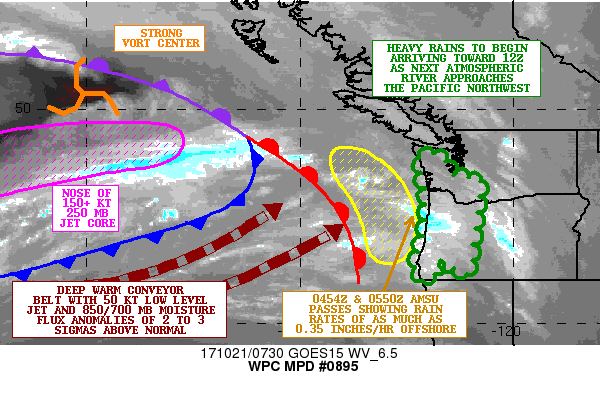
AREAS AFFECTED...WESTERN WA...WESTERN OR

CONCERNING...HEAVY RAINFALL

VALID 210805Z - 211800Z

SUMMARY...HEAVY RAINS WILL BEGIN TO OVERSPREAD WESTERN WA/OR THIS
MORNING AS THE NEXT ATMOSPHERIC RIVER ARRIVES ACROSS THE PACIFIC
NORTHWEST.

DISCUSSION...THE LATEST GOES-15 WV IMAGERY SHOWS A STRENGTHENING
MID TO UPPER LEVEL TROUGH MOVING EAST TOWARD THE GULF OF AK WHICH
IS DRIVING A STRONG FRONTAL ZONE GRADUALLY TOWARD THE PACIFIC
NORTHWEST ALONG WITH A DEEP LONG-FETCH AXIS OF HIGHER PWATS AND
ENHANCED MOISTURE TRANSPORT. THERE IS ALREADY A WARM FRONT
APPROACHING THE COASTAL RANGES OF WESTERN WA/OR...AND A PAIR OF
AMSU PASSES AT 0454Z AND 0550Z RESPECTIVELY ARE INDICATING AN
UPTICK IN OFFSHORE RAINFALL RATES WHICH ARE SEEN AS HIGH AS 0.35
INCHES/HR. SOME COOLING CLOUD TOPS ASSOCIATED WITH A STRENGTHENING
OF THE WARM AIR ADVECTION PATTERN ARE SEEN JUST OFFSHORE WESTERN
OR IN PARTICULAR AND COINCIDES WITH THE HEAVIEST RATES.

OVER THE NEXT SEVERAL HOURS...THE WARM FRONT WILL BE APPROACHING
AND SOME MODERATE TO HEAVY RAINS OUT AHEAD OF IT WILL OVERSPREAD
ESPECIALLY NORTHWEST OR AND SOUTHWEST WA BASED ON THE LATEST AMSU
TRENDS. UPSTREAM THERE IS THE NOSE OF A 50 KT SOUTHWESTERLY LOW
LEVEL JET WHICH WILL BE ARRIVING ACROSS THE COASTAL RANGES BY
AROUND 12Z ALONG WITH ARRIVAL AND GRADUAL PASSAGE OF THE WARM
FRONT. SOUTHERLY FLOW AHEAD OF THE WARM FRONT WILL VEER AROUND TO
WEST-SOUTHWEST AND ALLOW UPSTREAM 850/700 MB MOISTURE FLUX
ANOMALIES OF 2 TO 3 SIGMAS ABOVE NORMAL TO BECOME AIMED ORTHOGONAL
TO THE COASTAL RANGES FROM WEST-CENTRAL AND NORTHWEST OR UP INTO
SOUTHWEST WA. THE LATEST GUIDANCE SUPPORTS SOME STRENGTHENING OF
THE WIND FIELD AND A FURTHER INCREASE OF THESE ANOMALIES TO AS
MUCH AS 3 TO 4 SIGMAS ABOVE NORMAL BY 18Z.

EXPECT ROBUST ATMOSPHERIC RIVER CONDITIONS AS A RESULT TO ENSUE BY
MID TO LATE MORNING WITH HEAVY RAIN AIDED BY PWATS OF OVER 1.25
INCHES INTO THE COASTLINE AND HIGHLY FAVORABLE OROGRAPHIC ASCENT
FOR ENHANCED RAINFALL RATES THAT ARE EXPECTED TO APPROACH AS MUCH
AS 0.50 TO 0.70 INCHES/HR.

THE HIRES MODEL CONSENSUS INCLUDING THE 00Z ARW/NMMB AND 06Z HRRR
SUPPORT RAINFALL AMOUNTS OF AS MUCH AS 2 TO 4 INCHES THROUGH
18Z...WITH THE HEAVIEST TOTALS ACROSS THE COASTAL RANGES OF
WESTERN OR JUST TO THE WEST OF THE WILLAMETTE VALLEY AND ALSO TO A
SLIGHTLY LESSER EXTENT OVER THE WEST FACING SLOPES OF THE CENTRAL
AND NORTHERN OR CASCADES. LESSER AMOUNTS OF AS MUCH AS 1 TO 3
INCHES CAN BE EXPECTED ELSEWHERE INCLUDING SOUTHWEST WA. ALL OF
THESE RAINS WILL BE FALLING OVER AREAS THAT JUST RECENTLY SAW
HEAVY RAINFALL...AND SO THERE WILL TEND TO BE AN INCREASED THREAT
OF RUNOFF PROBLEMS WITH TIME. ADDITIONAL HEAVY RAINS ARE EXPECTED
BEYOND THIS PERIOD AS WELL WHICH WILL FURTHER ENHANCE THE CONCERNS.